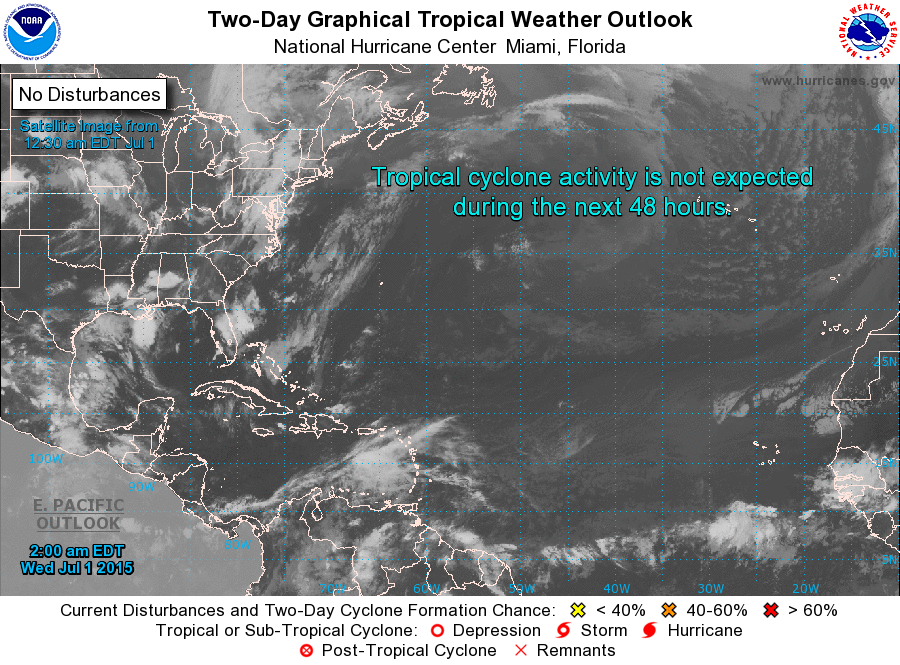
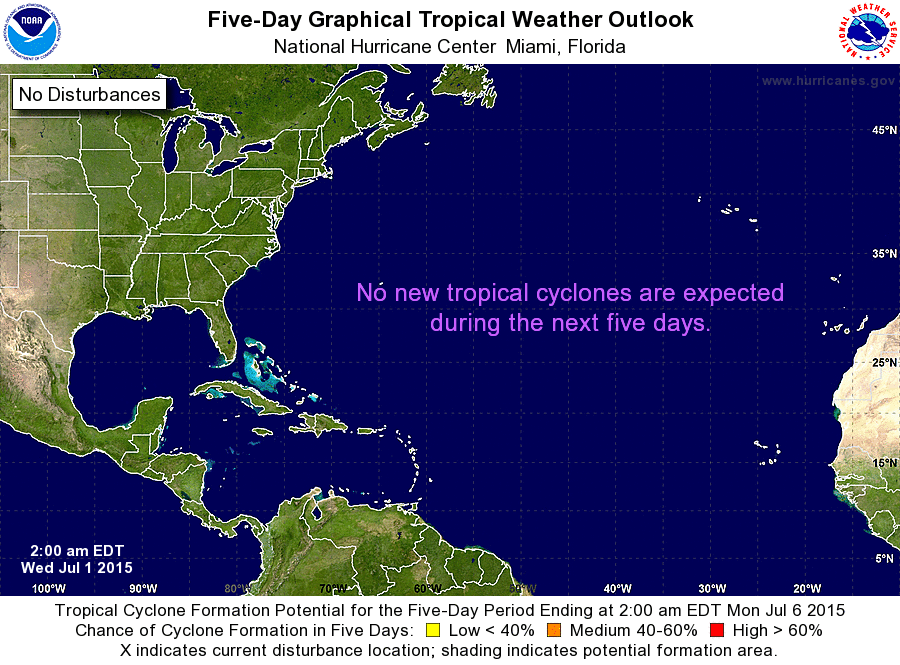
For the North Atlantic...Caribbean Sea and the Gulf of Mexico:

Tropical cyclone formation is not expected during the next 5 days.

Forecaster Pasch